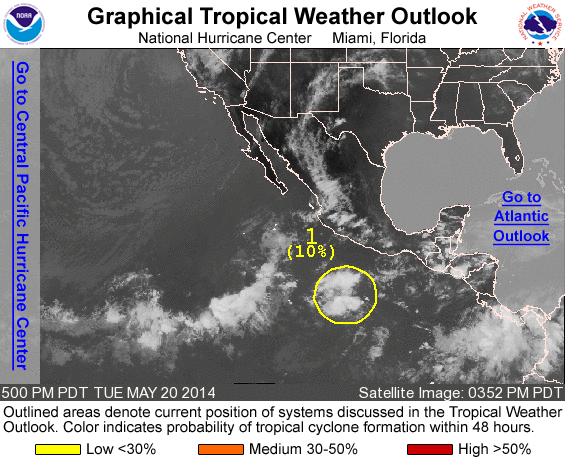
For the eastern North Pacific...east of 140 degrees west longitude:

Systems with the potential to become a tropical cyclone during the next 48 hours...

1. A broad area of low pressure located several hundred miles south- southwest of Acapulco, Mexico, is producing disorganized shower and thunderstorm activity. Environmental conditions are expected to be only marginally conducive during the next several days, and any development of this system should be slow to occur while it moves westward to west-northwestward at 5 to 10 mph.
* Formation chance through 48 hours...low...10 percent
* Formation chance through 5 days...medium...30 percent

Forecaster Brennan